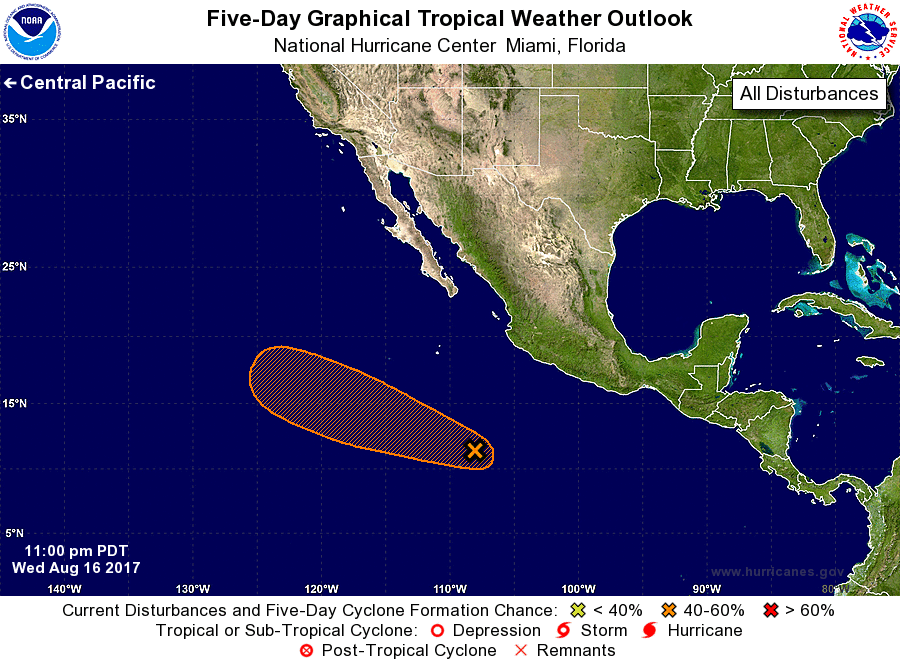
For the eastern North Pacific...east of 140 degrees west longitude:

1. A broad area of low pressure located about 650 miles south- southwest of Manzanillo, Mexico, continues to produce disorganized showers and thunderstorms. Environmental conditions are expected to be conducive for gradual development, and this system could become a tropical depression within the next few days while it moves west-northwestward at 10 to 15 mph.
* Formation chance through 48 hours...low...30 percent.
* Formation chance through 5 days...medium...50 percent.

Forecaster Cangialosi